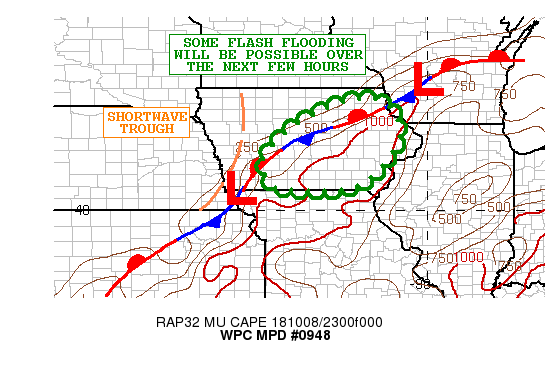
Areas affected...Iowa

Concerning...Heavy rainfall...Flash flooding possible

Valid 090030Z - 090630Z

Summary...Heavy showers and thunderstorms are likely over the next
few hours. Given the wet antecedent conditions, some flash
flooding will be possible.

Discussion...Radar imagery shows a band of heavy showers and
thunderstorms advancing from northwest MO up across southwest and
central areas of IA. Cloud tops have tended to cool overall over
the last couple of hours, and the activity is focusing along and
out ahead of a quasi-stationary frontal zone and within modest
instability with MUCAPE values of 1000 to 1500 j/kg. Some of the
convective support appears to also be tied in with a small scale
shortwave impulse that is embedded within the deep layer
south-southwest flow across the region, and in conjunction with a
wave of low pressure lifting up along the front toward southwest
IA.

PWATS remain anomalously high with values of 1.5 to 1.7 inches
which are well over 2 standard deviations above normal for this
time of the year. This will continue to favor efficient rainfall
processes for locally enhanced rainfall rates.

Expect as much as 2 to 3 inches of rain to be possible over the
next few hours at least locally as this cluster of storms lifts
northeast. Given the wet antecedent conditions, some flash
flooding will be possible.